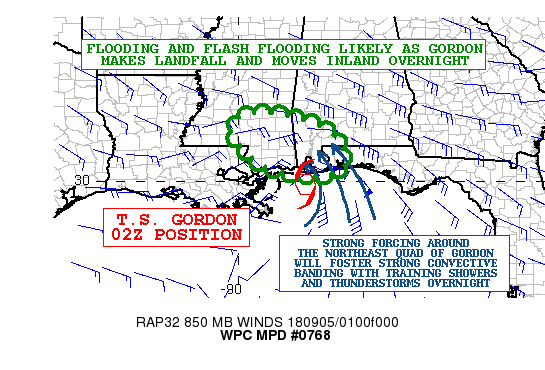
Areas affected...Southern MS...Southern AL...Western FL Panhandle

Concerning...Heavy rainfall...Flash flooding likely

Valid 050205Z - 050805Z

Summary...Tropical Storm Gordon will be making landfall across
southern MS very within the next couple of hours. Heavy rainfall
already impacting the western FL panhandle and southern AL will
advance northwest across areas of southern MS over the next
several hours. Flooding and flash flooding will be likely.

Discussion...Very heavy rainfall in association with Tropical
Storm Gordon will continue to overrun the central Gulf Coast
region through the overnight hours as the storm makes a landfall
and moves northwest across southern MS. The latest GOES-16
satellite imagery overall has been showing some warming of the
cloud tops with Gordon over the last few hours, with exception of
the immediate north side of the circulation which in the last hour
has shown some cooling cloud tops. There remains a rather
well-defined axis of deep convection with very heavy rainfall
rates around the northern and northeast quads of the system, and
it will be these rains that move ashore overnight and producing
areas of flooding and flash flooding.

Expect rainfall rates to be on the order of 2 to 3 inches/hr
within the stronger convective bands that focus in across far
southern AL and southern MS through the overnight hours, and the
major concern will be the trailing bands of convection that will
tend to train over the same area as the system moves farther
inland.

A consensus of the 12Z/18Z HREF blended mean QPF and HRRR guidance
favors as much as 3 to 4 inches of rain through 08Z with isolated
amounts of 5+ inches where more organized training of cells set
up. This will result in areas of flooding and flash flooding.